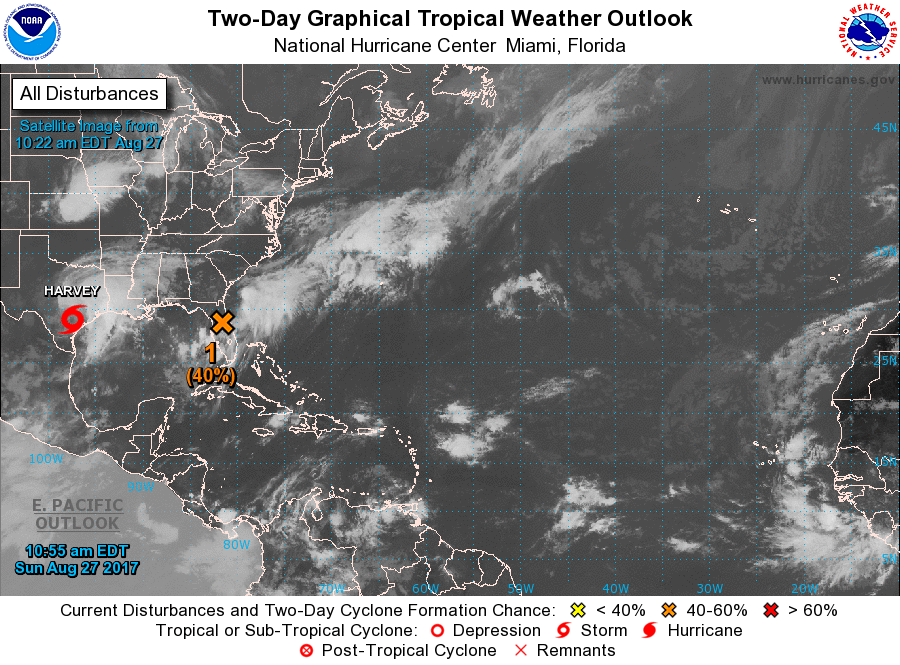
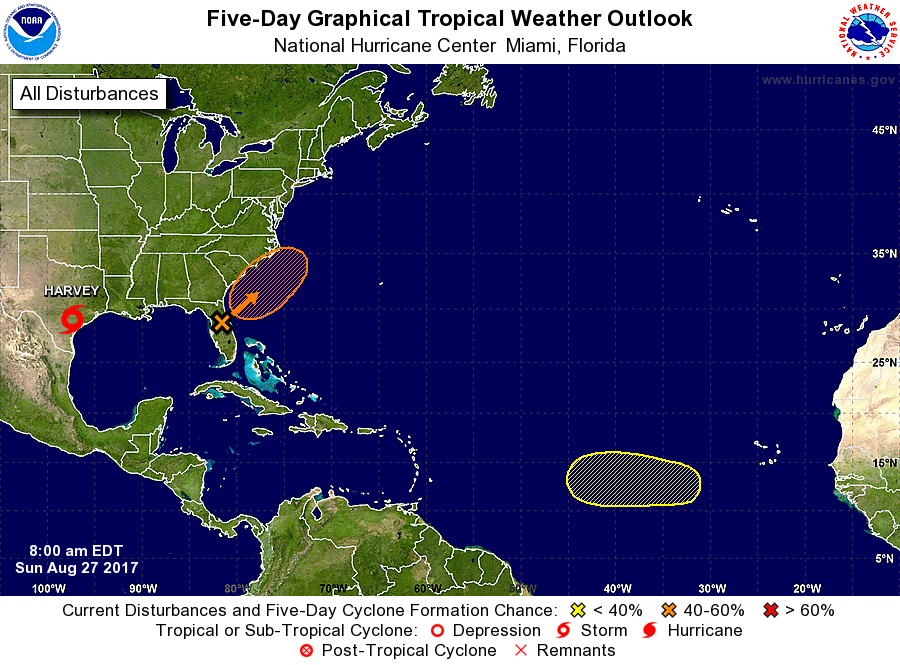
For the North Atlantic...Caribbean Sea and the Gulf of Mexico:

The National Hurricane Center is issuing advisories on Tropical Storm Harvey, located inland over southeastern Texas.

1. An elongated area of low pressure located over northeast Florida is producing a widespread area of disorganized showers and thunderstorms. This system is expected to move over the western Atlantic later today, and has a brief opportunity to become a tropical or subtropical depression during the next day or so, before it merges with a cold front. Regardless of development, the low is expected to cause increasing winds and rough surf along the coasts of Georgia, the Carolinas, and Virginia through mid-week. Heavy rain is also expected to continue over portions of the Florida peninsula during the next 24 hours. Please refer to products from your local National Weather Service forecast office for more information on this system.
* Formation chance through 48 hours...medium...40 percent.
* Formation chance through 5 days...medium...50 percent.

2. A tropical wave over western Africa is forecast to emerge over the far eastern Atlantic Ocean tonight or early Monday. Environmental conditions appear to be conducive for slow development by the middle of next week while the wave moves westward about 15 to 20 mph.
* Formation chance through 48 hours...low...near 0 percent.
* Formation chance through 5 days...low...20 percent.

Forecaster Roberts